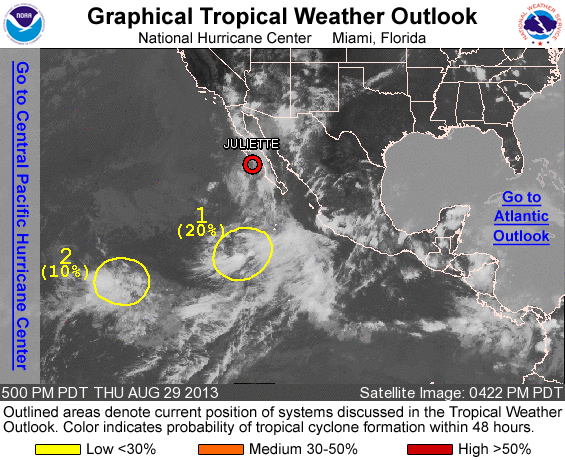
FOR THE EASTERN NORTH PACIFIC...EAST OF 140 DEGREES WEST LONGITUDE..

THE NATIONAL HURRICANE CENTER IS ISSUING ADVISORIES ON RECENTLY DOWNGRADED TROPICAL DEPRESSION JULIETTE...LOCATED NEAR THE WEST COAST OF THE BAJA CALIFORNIA PENINSULA.

1. SHOWER ACTIVITY ASSOCIATED WITH AN AREA OF LOW PRESSURE CENTERED ABOUT 575 MILES SOUTH-SOUTHWEST OF THE SOUTHERN TIP OF THE BAJA CALIFORNIA PENINSULA HAS BECOME A LITTLE BETTER ORGANIZED THIS AFTERNOON. ADDITIONAL SLOW DEVELOPMENT OF THIS SYSTEM IS POSSIBLE DURING THE NEXT DAY OR SO WHILE THIS SYSTEM MOVES NORTHEASTWARD OR NORTH-NORTHEASTWARD AT ABOUT 15 MPH. THE LOW IS FORECAST TO REACH COOLER WATERS IN A COUPLE OF DAYS AND DEVELOPMENT AFTER THAT TIME IS NOT EXPECTED. THIS SYSTEM HAS A LOW CHANCE...20 PERCENT...OF BECOMING A TROPICAL CYCLONE DURING THE NEXT 48 HOURS...AND ALSO A LOW CHANCE...20 PERCENT...OF BECOMING A TROPICAL CYCLONE DURING THE NEXT 5 DAYS.

2. SHOWER AND THUNDERSTORM ACTIVITY ASSOCIATED WITH AN AREA OF LOW PRESSURE LOCATED ABOUT 1500 MILES WEST-SOUTHWEST OF THE SOUTHERN TIP OF THE BAJA CALIFORNIA PENINSULA REMAINS DISORGANIZED. ANY DEVELOPMENT OF THIS SYSTEM SHOULD BE SLOW TO OCCUR DURING THE NEXT COUPLE OF DAYS AS IT MOVES SLOWLY NORTHEASTWARD. THIS DISTURBANCE HAS A LOW CHANCE...10 PERCENT...OF BECOMING A TROPICAL CYCLONE DURING THE NEXT 48 HOURS...AND A LOW CHANCE...20 PERCENT...OF BECOMING A TROPICAL CYCLONE DURING THE NEXT 5 DAYS.

FIVE-DAY FORMATION PROBABILITIES ARE EXPERIMENTAL IN 2013. COMMENTS ON THE EXPERIMENTAL FORECASTS CAN BE PROVIDED AT...

HTTP://WWW.NWS.NOAA.GOV/SURVEY/NWS-SURVEY.PHP?CODE=ETWO

FORECASTER BEVEN